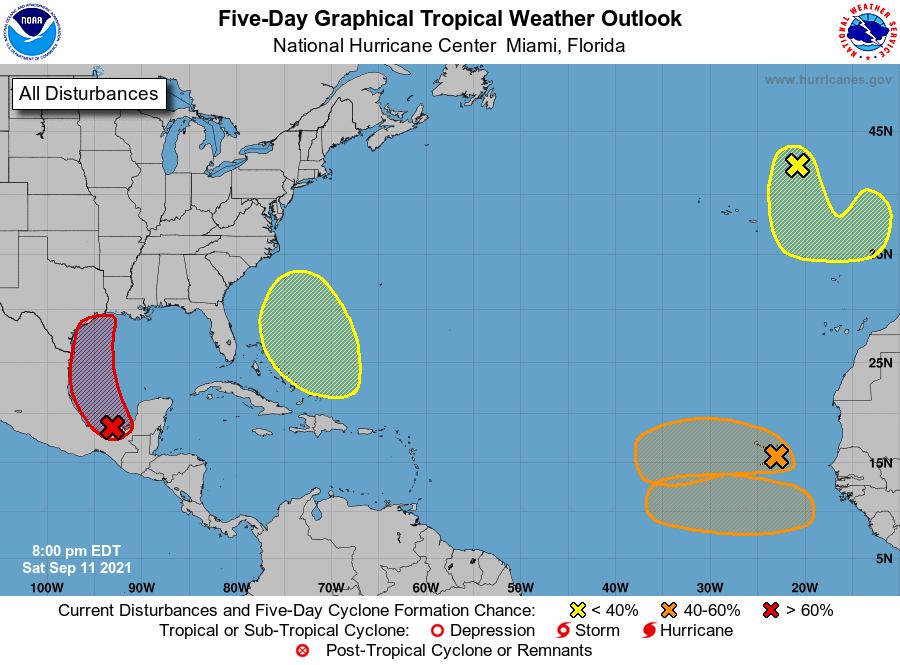
For the North Atlantic...Caribbean Sea and the Gulf of Mexico:

1. A tropical wave and an upper-level trough continue to produce a large area of disorganized showers and thunderstorms over portions of southeastern Mexico and the southern and central Gulf of Mexico. Upper-level winds are gradually becoming more conducive for development, and a tropical depression is likely to form on Sunday or Monday while the disturbance moves northwestward and then northward near the coast of northeastern Mexico. Additional development will be possible through the middle of next week if the system remains over water, and interests along the western and northwestern Gulf coast should monitor the progress of this system. An Air Force Hurricane Hunter aircraft is scheduled to investigate the system tomorrow, if necessary.

Regardless of development, this disturbance will continue to produce heavy rain across portions of southern Mexico, including the western Yucatan Peninsula, through tonight which may lead to flash flooding and mudslides. By late Sunday, heavy rain is expected to reach portions of the Texas and Louisiana coasts with a heavy rain threat then continuing across those coasts through the middle of next week. Localized significant rainfall amounts are possible, potentially resulting in areas of flash, urban, and isolated river flooding.
* Formation chance through 48 hours...high...90 percent.
* Formation chance through 5 days...high...90 percent.

2. Showers and thunderstorms remain poorly organized in association with a tropical wave located near the Cabo Verde Islands. Environmental conditions are currently conducive for development, and a tropical depression could still form this weekend or early next week while the system moves westward over the far eastern Atlantic. By the middle of next week, stronger upper-level winds and marginally warm ocean temperatures are expected to limit additional development. Regardless of development, this disturbance is likely to bring gusty winds and locally heavy rain across the Cabo Verde Islands tonight.
* Formation chance through 48 hours...medium...50 percent.
* Formation chance through 5 days...medium...50 percent.

3. A non-tropical area of low pressure is located over the far northeastern Atlantic several hundred miles northeast of the Azores. This system is forecast to move south-southeastward towards warmer waters, which could allow the low to gradually acquire some tropical or subtropical characteristics by the middle of next week.
* Formation chance through 48 hours...low...10 percent.
* Formation chance through 5 days...low...20 percent.

4. Another tropical wave is expected to move off the west coast of Africa in a few days. Gradual development of this system is possible thereafter, and a tropical depression could from by the middle of next week while it moves westward across the eastern tropical Atlantic Ocean.
* Formation chance through 48 hours...low...near 0 percent.
* Formation chance through 5 days...medium...40 percent.

5. An area of low pressure is expected to form near the southeastern Bahamas in a few days resulting from moisture by a tropical wave interacting with an upper-level trough. Gradual development of this system is possible thereafter as it moves northwestward across the western Atlantic.
* Formation chance through 48 hours...low...near 0 percent.
* Formation chance through 5 days...low...30 percent.

Forecaster Papin